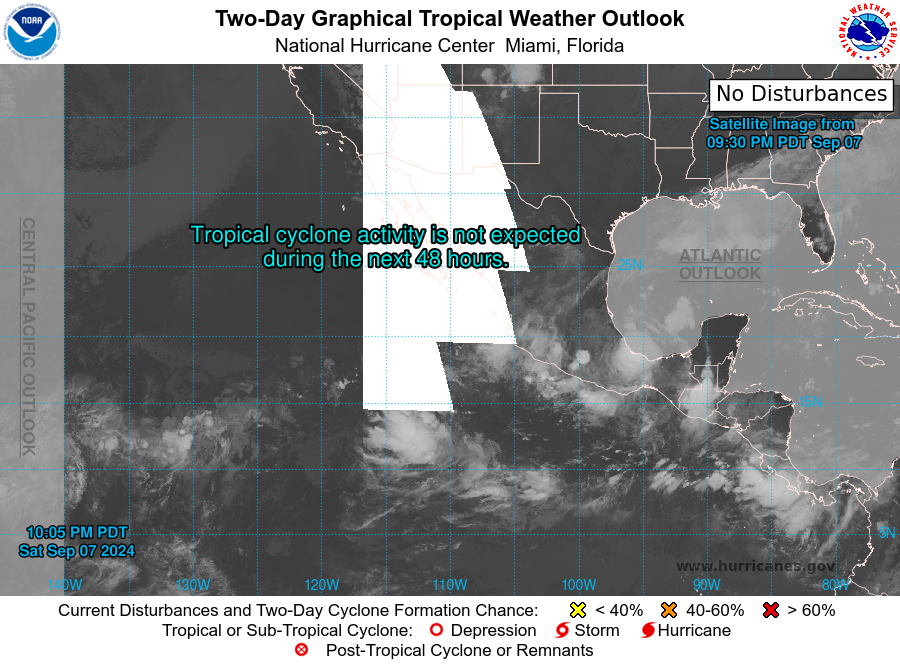
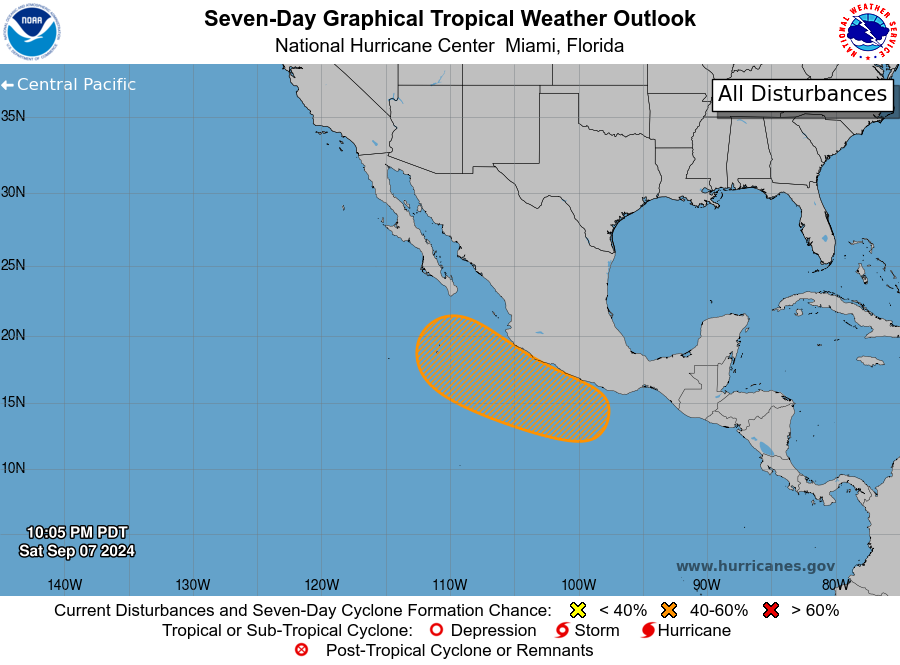
For the eastern North Pacific...east of 140 degrees west longitude:

1. Offshore of Southwestern Mexico: An area of low pressure is forecast to form during the early to middle part of next week, near or just to the south of the coast of southern or southwestern Mexico. Environmental conditions are forecast to be conducive for some gradual development of this system, and a tropical depression could form during the middle to latter part of next week while it moves generally northwestward, near the coast of southwestern Mexico.
* Formation chance through 48 hours...low...near 0 percent.
* Formation chance through 7 days...medium...40 percent.

Forecaster Reinhart